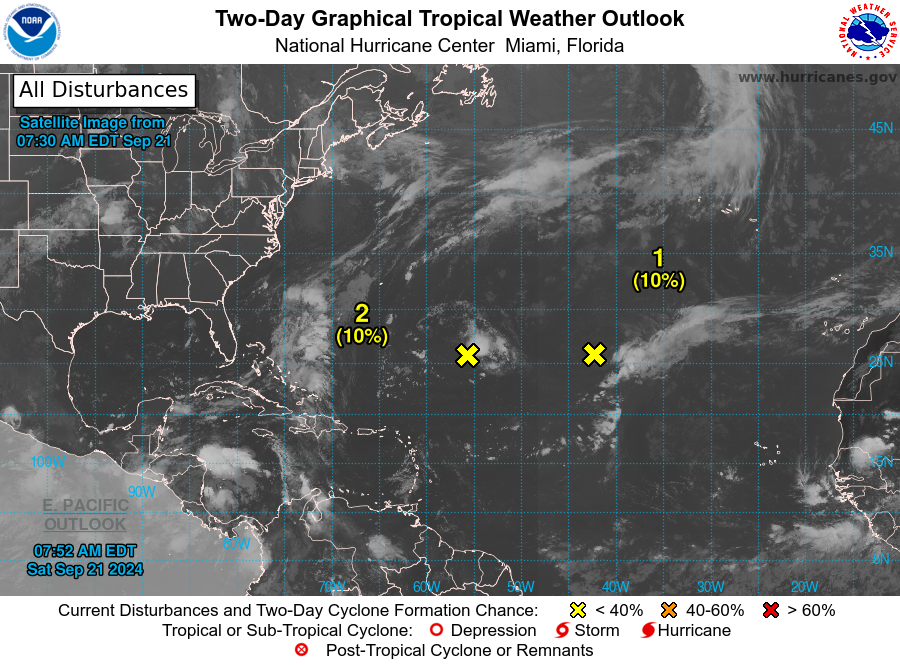
For the North Atlantic...Caribbean Sea and the Gulf of Mexico:

1. Central Subtropical Atlantic (Remnants of Gordon): Strong upper-level winds continue to keep showers and thunderstorms displaced away from the center of an area of low pressure (the remnants of Gordon) located over one thousand miles southwest of the Azores. Significant development of this system is not expected while it moves slowly northwestward over the central subtropical Atlantic during the next couple of days.
* Formation chance through 48 hours...low...10 percent.
* Formation chance through 7 days...low...10 percent.

2. Central Subtropical Atlantic (AL96): An area of low pressure located about 700 miles northeast of the northern Leeward Islands is producing some disorganized shower and thunderstorm activity. Environmental conditions do not appear conducive for significant development of this system during the next couple of days while it drifts northwestward and then northward at about 5 mph over the central or western subtropical Atlantic.
* Formation chance through 48 hours...low...10 percent.
* Formation chance through 7 days...low...10 percent.

3. Northwestern Caribbean Sea and Gulf of Mexico: A broad area of low pressure is likely to form by the early to middle part of next week over the northwestern Caribbean Sea and the adjacent portions of Central America. Thereafter, gradual development of this system is possible, and a tropical depression could form as the system moves slowly to the north or northwest over the northwestern Caribbean Sea and across the Gulf of Mexico through the end of next week. Regardless of development, this system is expected to produce heavy rains over portions of Central America during the next several days.
* Formation chance through 48 hours...low...near 0 percent.
* Formation chance through 7 days...medium...60 percent.

4. Eastern and Central Tropical Atlantic: A tropical wave is expected to move westward from the coast of Africa on Sunday or Monday. Gradual development of this system is possible next week as it moves west-northwestward over the eastern and central tropical Atlantic.
* Formation chance through 48 hours...low...near 0 percent.
* Formation chance through 7 days...low...30 percent.

Forecaster Berg